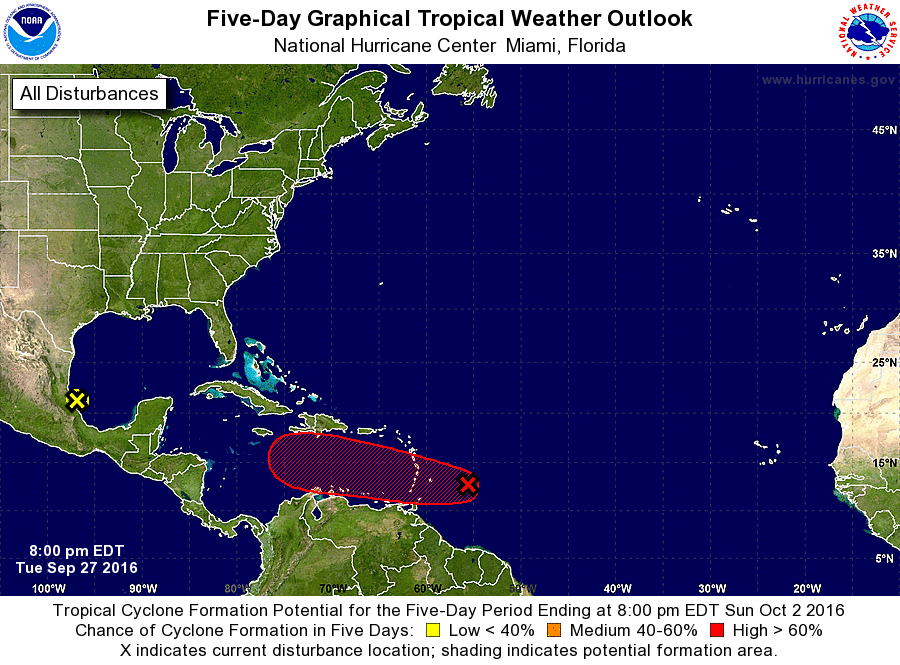
For the North Atlantic...Caribbean Sea and the Gulf of Mexico:

1. A strong tropical wave is located about 250 miles east of Barbados. This disturbance is producing winds to near tropical storm force, and the associated thunderstorm activity continues to show signs of organization. Conditions are expected to be favorable for development, and a tropical depression or tropical storm is likely to form tonight or Wednesday. The system is moving westward to west-northwestward at 15 to 20 mph, and is expected to pass over the Windward Islands on Wednesday morning, and move over the southeastern Caribbean Sea late Wednesday and Thursday. An Air Force Reserve reconnaissance aircraft is scheduled to investigate the system again on Wednesday morning.

Interests in the Windward and southern Leeward Islands, Bonaire, Curacao, Aruba, and along the northern coast of South America should monitor the progress of this disturbance, and consult products issued by your national meteorological service, which could include tropical storm warnings or watches. Regardless of whether the system is a tropical wave or a tropical cyclone, heavy rains and tropical-storm-force winds in squalls are expected to spread over the Windward Islands and portions of the southern Leeward Islands, beginning tonight and continuing through Wednesday.
* Formation chance through 48 hours...high...90 percent
* Formation chance through 5 days...high...90 percent

2. A large area of disorganized showers and thunderstorms over the southwestern Gulf of Mexico is associated with a trough of low pressure that is drifting westward. Upper-level winds are not expected to be conducive for significant development before this system moves inland over Mexico during the next day or so.
* Formation chance through 48 hours...low...10 percent
* Formation chance through 5 days...low...10 percent

Forecaster Pasch